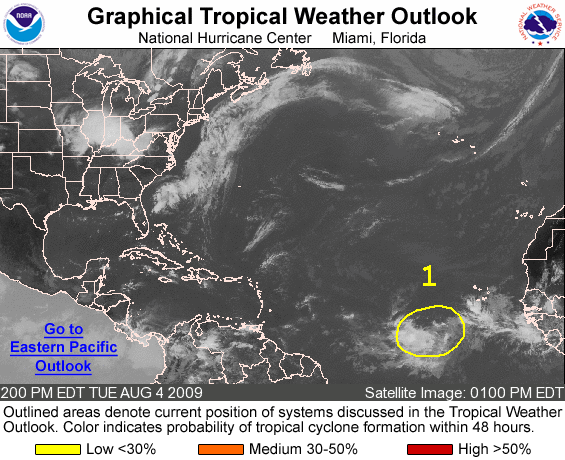
FOR THE NORTH ATLANTIC...CARIBBEAN SEA AND THE GULF OF MEXICO...

1. DISORGANIZED SHOWERS AND THUNDERSTORMS SEVERAL HUNDRED MILES SOUTHWEST OF THE CAPE VERDE ISLANDS ARE ASSOCIATED WITH A TROPICAL WAVE. SIGNIFICANT DEVELOPMENT...IF ANY...OF THE SYSTEM IS EXPECTED TO BE SLOW TO OCCUR AS THIS WAVE MOVES TO WEST AT ABOUT 15 MPH. THERE IS A LOW CHANCE...LESS THAN 30 PERCENT...OF THIS SYSTEM BECOMING A TROPICAL CYCLONE DURING THE NEXT 48 HOURS.

ELSEWHERE...TROPICAL CYCLONE FORMATION IS NOT EXPECTED DURING THE NEXT 48 HOURS.

FORECASTER BLAKE/PASCH